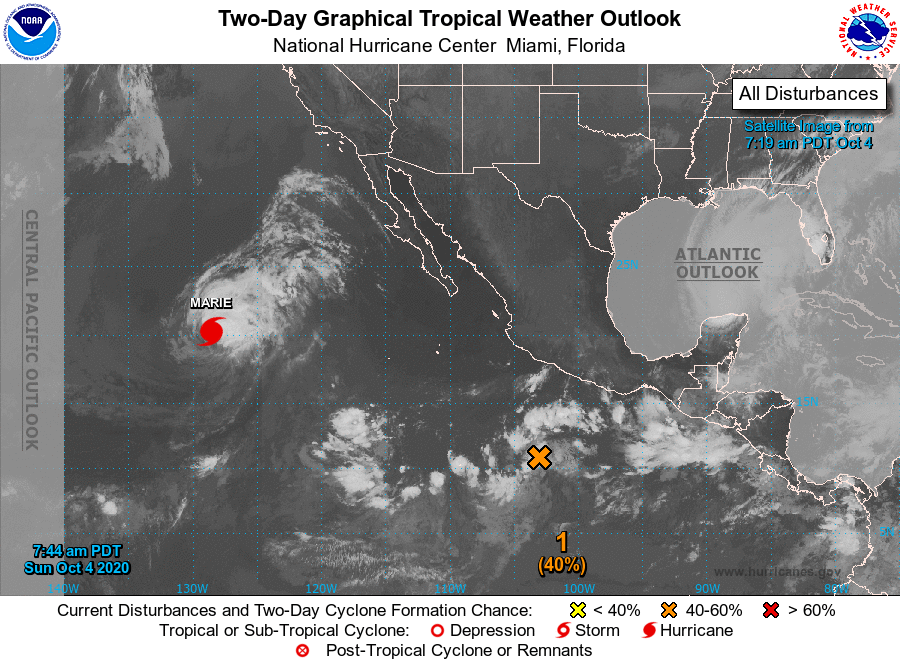
For the eastern North Pacific...east of 140 degrees west longitude:

The National Hurricane Center is issuing advisories on Hurricane Marie, located in the western region of the basin.

1. Showers and thunderstorms have changed little during the past several hours in association with an elongated area of low pressure located several hundred miles south of the southwestern coast of Mexico. Environmental conditions appear conducive for additional development, and a tropical depression could form during the next few days while it moves slowly northwestward.
* Formation chance through 48 hours...medium...40 percent.
* Formation chance through 5 days...medium...60 percent.

2. An area of low pressure could form south-southeast of the Gulf of Tehuantepec early next week. Gradual development of this system is possible thereafter while it drifts northward offshore of the coasts of Mexico and Guatemala.
* Formation chance through 48 hours...low...near 0 percent.
* Formation chance through 5 days...low...20 percent.

Forecaster Roberts